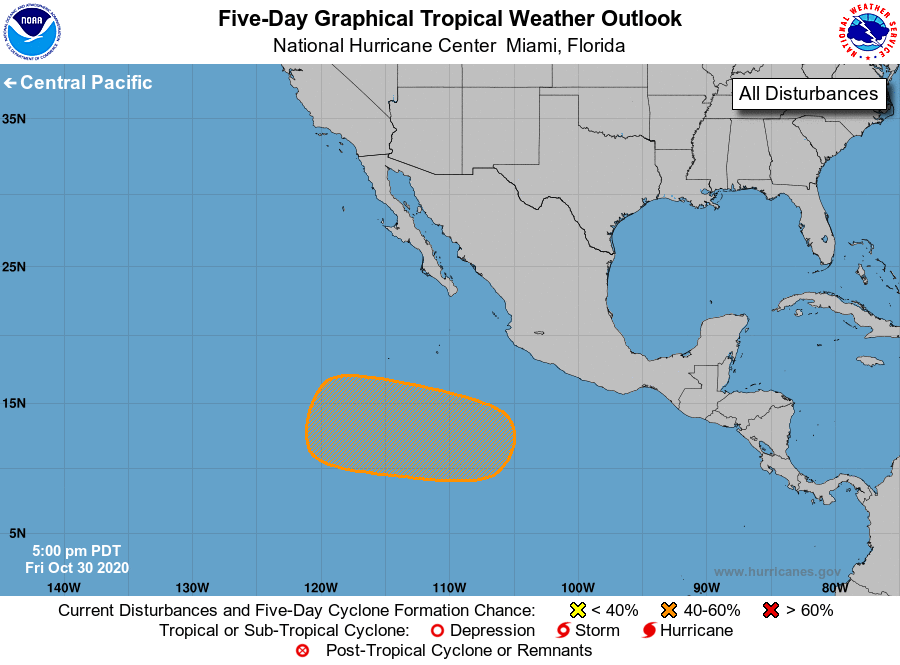
For the eastern North Pacific...east of 140 degrees west longitude:

1. A broad trough of low pressure is expected to develop south or southwest of the coast of southern Mexico late this weekend or early next week. Environmental conditions are expected to be favorable for gradual development thereafter, and a tropical depression could form by the middle of the week as the system moves west-northwestward over the eastern Pacific.
* Formation chance through 48 hours...low...near 0 percent.
* Formation chance through 5 days...medium...60 percent.

Forecaster Zelinsky